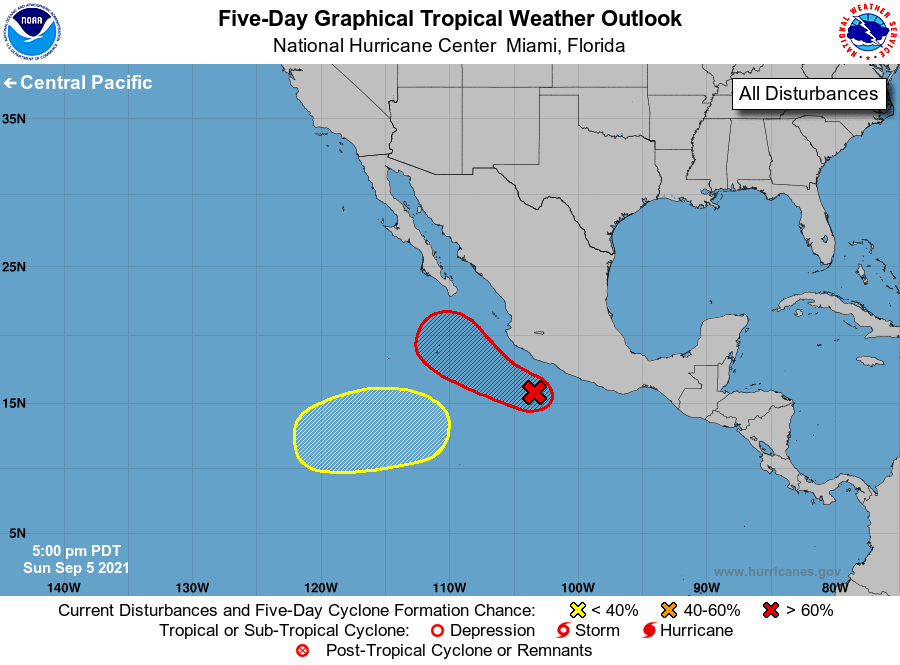
For the eastern North Pacific...east of 140 degrees west longitude:

1. A low pressure system located more than 200 miles southwest of Acapulco, Mexico, is gradually becoming better defined. Environmental conditions are expected to be conducive for gradual development of this system, and a tropical depression is likely to form during the next couple of days while it moves west-northwestward or northwestward at 5 to 10 mph, just offshore the coast of Mexico.
* Formation chance through 48 hours...medium...50 percent.
* Formation chance through 5 days...high...90 percent.

2. Another area of low pressure is forecast to form in a few days well to the southwest of the southern tip of the Baja California peninsula. Some slow development is possible thereafter while the system meanders over the open eastern Pacific Ocean.
* Formation chance through 48 hours...low...near 0 percent.
* Formation chance through 5 days...low...30 percent.

Forecaster Stewart